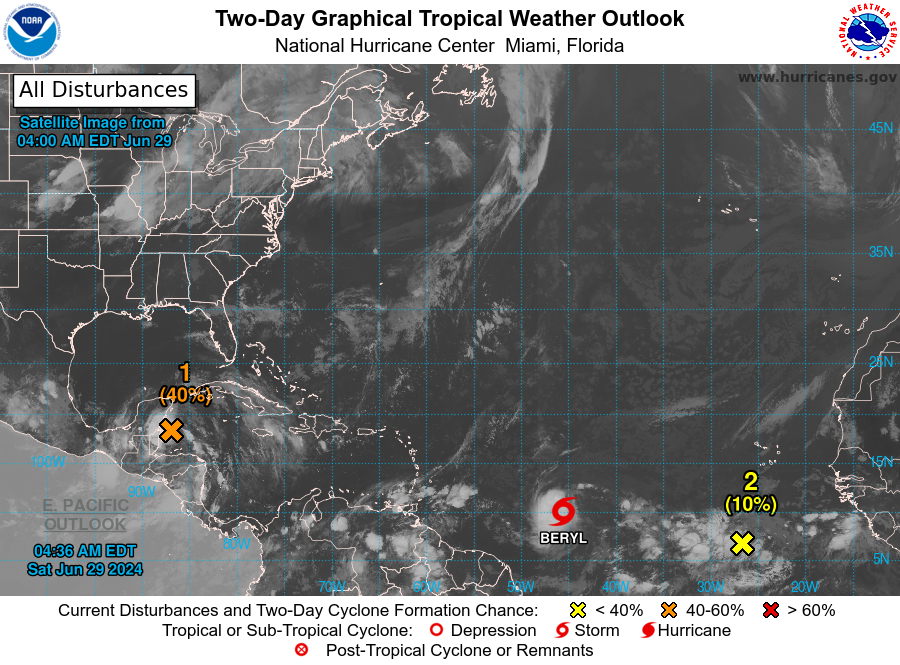
For the North Atlantic...Caribbean Sea and the Gulf of Mexico:

Active Systems: The National Hurricane Center is issuing advisories on recently-upgraded Tropical Storm Beryl, located over the central tropical Atlantic Ocean.

1. Northwestern Caribbean/Southwestern Gulf of Mexico (AL94): A broad area of low pressure over the northwestern Caribbean Sea near the eastern coast of the Yucatan Peninsula continues to produce widespread but disorganized shower and thunderstorm activity. Development of this low is not anticipated before it moves inland over the Yucatan Peninsula later today. The system is then forecast to move west-northwestward, emerging over the Bay of Campeche tonight or early Sunday, where conditions appear generally conducive for further development. A tropical depression could form before the system moves inland again early next week over Mexico. Regardless of development, heavy rainfall associated with the area of low pressure will affect portions of Central America and Mexico through early next week.
* Formation chance through 48 hours...medium...40 percent.
* Formation chance through 7 days...medium...40 percent.

2. Eastern Tropical Atlantic: A tropical wave located several hundred miles south-southwest of the Cabo Verde Islands is producing an area of disorganized showers and thunderstorms. Environmental conditions appear conducive for additional development of this system, and a tropical depression could form by the middle of next week while it moves generally westward at 15 to 20 mph across the eastern and central tropical Atlantic.
* Formation chance through 48 hours...low...10 percent.
* Formation chance through 7 days...medium...50 percent.

Public Advisories on Tropical Storm Beryl are issued under WMO header WTNT32 KNHC and under AWIPS header MIATCPAT2. Forecast/Advisories on Tropical Storm Beryl are issued under WMO header WTNT22 KNHC and under AWIPS header MIATCMAT2.

Forecaster Beven